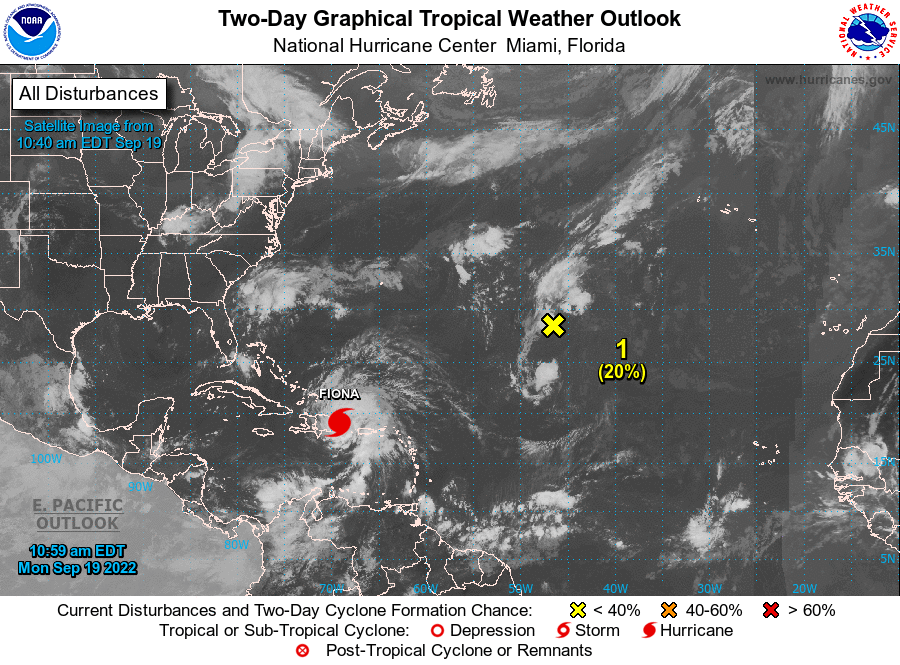
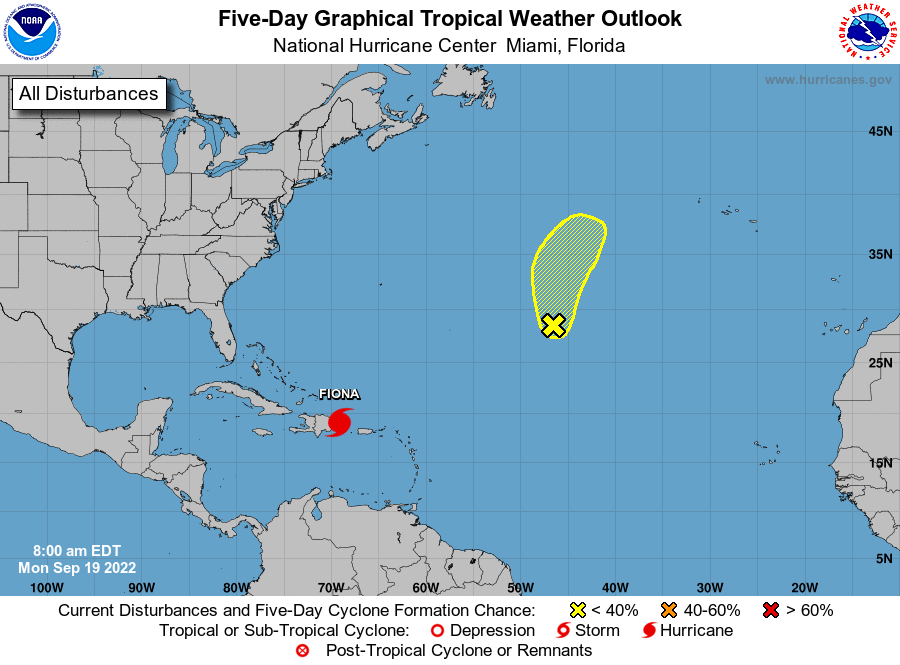
For the North Atlantic...Caribbean Sea and the Gulf of Mexico:

Active Systems: The National Hurricane Center is issuing advisories on Hurricane Fiona, located inland over southeastern Dominican Republic.

1. Central Subtropical Atlantic: Disorganized showers and thunderstorms over the central subtropical Atlantic are associated with a poorly defined area of low pressure. Some slow development is possible during the next couple of days before environmental conditions become less conducive later this week. The system should generally move northward or northeastward while remaining over the open central subtropical Atlantic.
* Formation chance through 48 hours...low...20 percent.
* Formation chance through 5 days...low...20 percent.

Forecaster Roberts